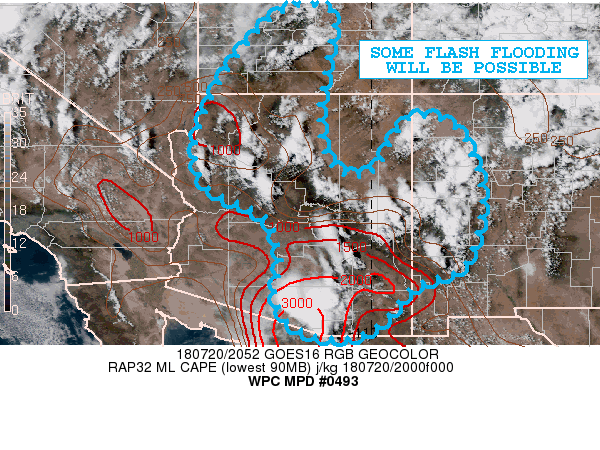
AREAS AFFECTED...SOUTHERN UT...AZ...WESTERN NM

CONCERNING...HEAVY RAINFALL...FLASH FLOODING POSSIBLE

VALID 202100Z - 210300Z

SUMMARY...SHOWERS AND THUNDERSTORMS WILL GRADUALLY DEVELOP AND
EXPAND IN COVERAGE OVER THE NEXT FEW HOURS. SOME FLASH FLOODING
WILL BE POSSIBLE.

DISCUSSION...SCATTERED AREAS OF SHOWERS AND THUNDERSTORMS ARE
DEVELOPING OVER THE MORE OROGRAPHICALLY FAVORED AREAS OF NORTHWEST
TO SOUTHEAST AZ AND ALSO WESTERN NM AS STRONG DIURNAL HEATING
CONTINUES AND RESULTS IN SUFFICIENT INSTABILITY FOR CONVECTIVE
DEVELOPMENT. IN FACT...THE LATEST RAP ANALYSIS DEPICTS AS MUCH AS
2000 TO 3000 J/KG OF MLCAPE OVER SOUTH-CENTRAL AZ.
MEANWHILE...MOISTURE PROFILES IN CONCERT WITH THE MONSOON PATTERN
ARE AGAIN RATHER ANOMALOUS WITH PWATS OVER PORTIONS OF SOUTHERN AZ
EXCEEDING 1.75 INCHES WHICH IS A SOLID 2 TO 3 STANDARD DEVIATIONS
ABOVE NORMAL.

GIVEN THE MOISTURE PROFILES...THE CONVECTION WILL AGAIN BE QUITE
EFFICIENT IN DRIVING HEAVY RAINFALL WITH RATES THAT COULD APPROACH
2 INCHES/HR. THE ACTIVITY WILL LIKELY REMAIN OROGRAPHICALLY
FOCUSED GOING THROUGH THE REMAINDER OF THE AFTERNOON...WITH THE
CONVECTION PERHAPS MOST CONCENTRATED OVER THE MOGOLLON RIM. SOME
ADDITIONAL LOCALIZED AREAS OF HEAVY RAINFALL MAY ALSO OCCUR AGAIN
OVER SOUTHERN UT.

THE LATEST HIRES CAM CONSENSUS SUPPORTS RAINFALL AMOUNTS OF AS
MUCH AS 2 TO 3 INCHES GOING THROUGH ABOUT 03Z. CONSIDERING THAT A
SIZABLE PORTION OF THIS COULD FALL IN AS LITTLE AS 1 TO 2
HOURS...FLASH FLOODING WILL BE POSSIBLE. THE AREAS MOST
SUSCEPTIBLE AGAIN WILL TEND TO BE SLOT-CANYONS...WASHES AND ANY
AREAS INVOLVING BURN SCARS WHERE RUNOFF WILL BE GREATLY ENHANCED.